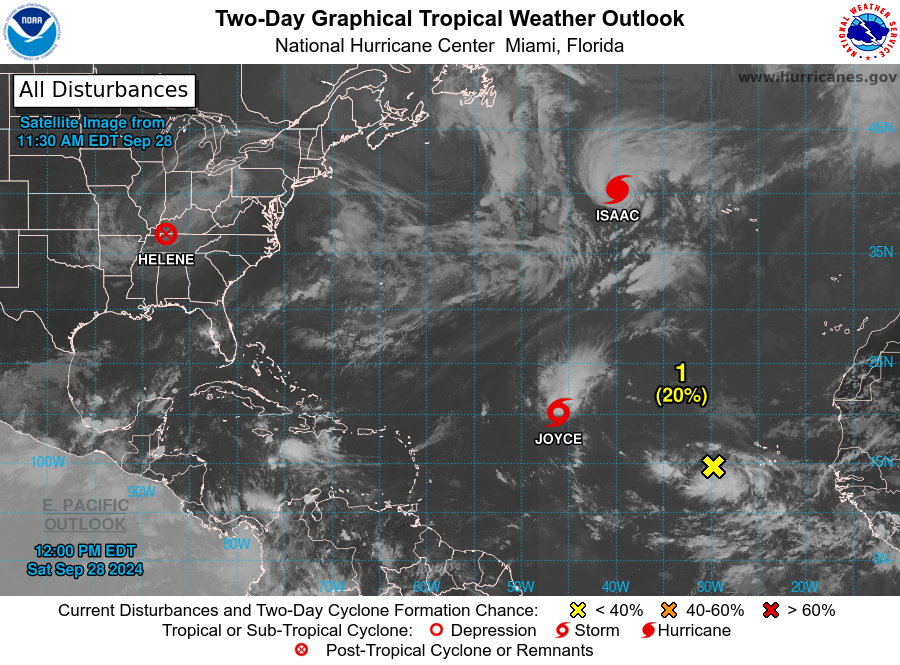
For the North Atlantic...Caribbean Sea and the Gulf of Mexico:

Active Systems: The National Hurricane Center is issuing advisories on Hurricane Isaac, located several hundred miles east of the Azores, and on Tropical Storm Joyce, located over the central tropical Atlantic Ocean. The Weather Prediction Center is issuing advisories on Post-Tropical Cyclone Helene, located inland over the Ohio River Valley.

1. Eastern and Central Tropical Atlantic: A broad and elongated area of low pressure, associated with a tropical wave, is producing disorganized showers and thunderstorms near and to the west of the Cabo Verde Islands. Environmental conditions appear conducive for gradual development of this system, and a tropical depression could form during the early or middle part of next week while the system moves toward the west and then northwest across the eastern and central tropical Atlantic.
* Formation chance through 48 hours...low...20 percent.
* Formation chance through 7 days...medium...60 percent.

2. Western Caribbean Sea and Gulf of Mexico: An area of low pressure could form over the western Caribbean Sea in a few days. Environmental conditions are expected to be conducive for additional development thereafter while the system moves generally northwestward, and a tropical depression could form during the middle to latter part of next week as the system enters the Gulf of Mexico.
* Formation chance through 48 hours...low...near 0 percent.
* Formation chance through 7 days...medium...40 percent.

Public Advisories on Tropical Storm Joyce are issued under WMO header WTNT31 KNHC and under AWIPS header MIATCPAT1. Forecast/Advisories on Tropical Storm Joyce are issued under WMO header WTNT21 KNHC and under AWIPS header MIATCMAT1.

Forecaster Cangialosi/Konarik